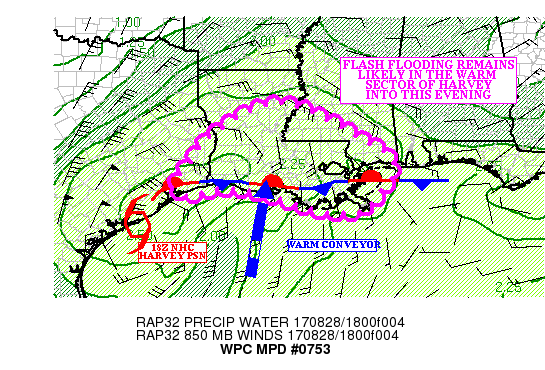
AREAS AFFECTED...FAR SOUTHEAST TX...CENTRAL AND SOUTHERN LA INTO
SOUTHERN MS

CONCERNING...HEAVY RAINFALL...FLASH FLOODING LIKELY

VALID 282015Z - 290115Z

SUMMARY...CONVECTION IN THE WARM SECTOR OF TROPICAL STORM HARVEY
IS EXPECTED TO PRODUCE FLASH FLOODING...ESPECIALLY OVER PORTIONS
OF LA INTO COASTAL MS INTO THE EVENING HOURS.

DISCUSSION...THE GOES-16 CLEAN IR LOOP SHOWED COOLING TOPS WITH
CONVECTION OVER SOUTHERN LA AND SOUTHERNMOST MS THIS AFTERNOON.
THE CONVECTION WAS DEVELOPING/MOVING THROUGH AN AXIS OF 1500-2000
J/KG MLCAPE...ON THE NOSE OF A 20 TO 30 KNOT LOW LEVEL SOUTHERLY
JET. THE DEEPEST MOISTURE (WITH PRECIPITABLE WATER VALUES NEAR
2.50 INCHES) WAS LOCATED THIS AREA. AS A RESULT...HOURLY RAINFALL
RATES WITH THE CONVECTION WAS TOPPING OUT NEAR 2.00 INCHES OVER
PORTIONS THE CENTRAL LA COAST.

THE LOW LEVEL INFLOW IS EXPECTED TO REMAIN INTACT INTO THE
EVENING...CONTINUING TO FEED INSTABILITY AND MOISTURE ACROSS
SOUTHERN LA INTO SOUTHWEST MS. THE RESULTING CONVECTIVE BANDS
MOVING NORTH FROM THE GULF OF MEXICO COULD PRODUCE LOCAL 3.00 TO
5.00 INCHES OF RAINFALL IN A RELATIVELY SHORT PERIOD OF TIME
(GENERALLY LESS THAN TWO HOURS). THIS MUCH RAIN... ESPECIALLY OVER
AREAS WITH LOWER FLASH FLOOD GUIDANCE VALUES DUE TO EARLIER HEAVY
RAINFALL...IS EXPECTED TO RESULT IN NEW/ADDITIONAL FLASH FLOODING
INTO THE EVENING.

FURTHER NORTH...THE LOW LEVEL INFLOW OVER A FRONTAL BOUNDARY
STRETCHING FROM THE UPPER TX COAST ACROSS COASTAL LA INTO NORTHERN
FL IS SENDING MOISTURE AND INSTABILITY UP THE ISENTROPIC SURFACE
ACROSS CENTRAL LA... WHERE THE CONVECTION BECOMES ELEVATED AND
MORE DIFFUSE. HOURLY RAINFALL RATES HERE ARE MORE
MODEST...GENERALLY CLOSER TO AN INCH OR SO. HOWEVER...REGIONAL
RADARS INDICATED THAT THESE LOCATIONS MAY HAVE ALREADY RECEIVED AS
MUCH AS 7.00 INCHES OF RAINFALL...SO EVEN MODERATE RAINFALL RAINS
COULD RESULT IN ADDITIONAL FLASH FLOODING.